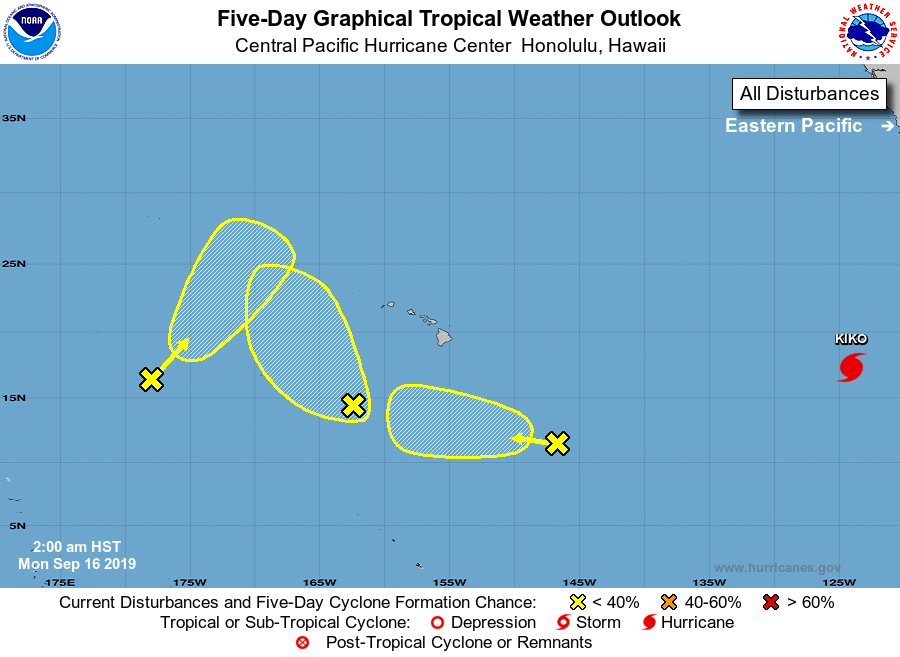
For the central North Pacific...between 140W and 180W:

1. An area of low pressure with some disorganized showers and thunderstorms is about 550 miles south-southwest of Honolulu, Hawaii. Some subsequent development of this system is possible while it moves northwestward over the next several days.
* Formation chance through 48 hours...low...10 percent.
* Formation chance through 5 days...low...20 percent.

2. An elongated area of low pressure lies some 800 miles southeast of the Big Island of Hawaii. Slow development is possible during the next several days while the area slowly moves westward.
* Formation chance through 48 hours...low...near 0 percent.
* Formation chance through 5 days...low...20 percent.

3. Showers and thunderstorms associated with a broad area of low pressure, located about 1200 miles west-southwest of Kauai, continues to remain disorganized. This system is expected to slowly move northeast into unfavorable environmental conditions. Development, if any, will be slow to occur.
* Formation chance through 48 hours...low...near 0 percent.
* Formation chance through 5 days...low...20 percent.

Elsewhere, no tropical cyclones are expected during the next 5 days.

Forecaster Kino